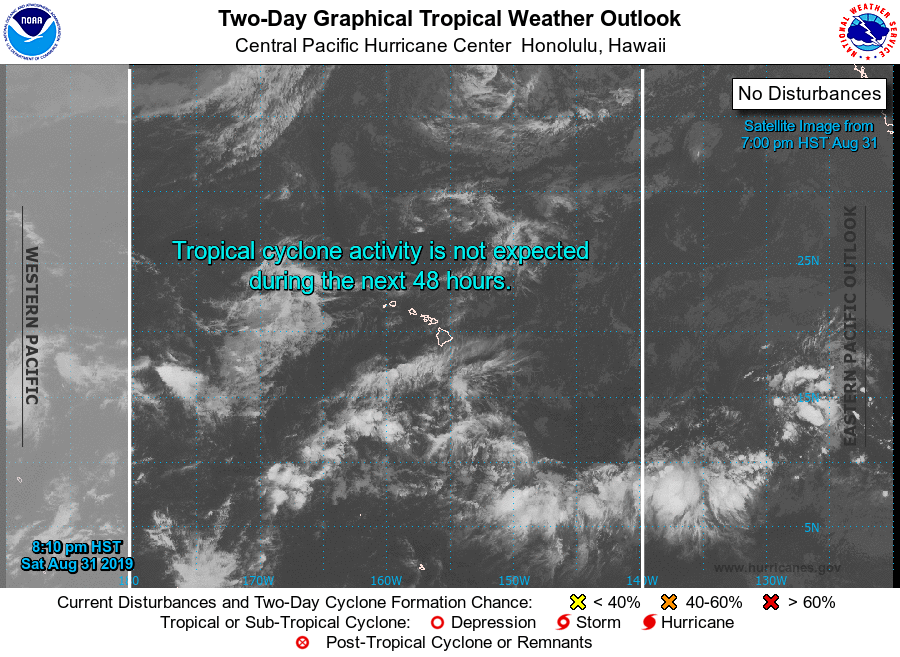
For the central North Pacific...between 140W and 180W:

No tropical cyclones are expected during the next 5 days.

Forecaster Kino